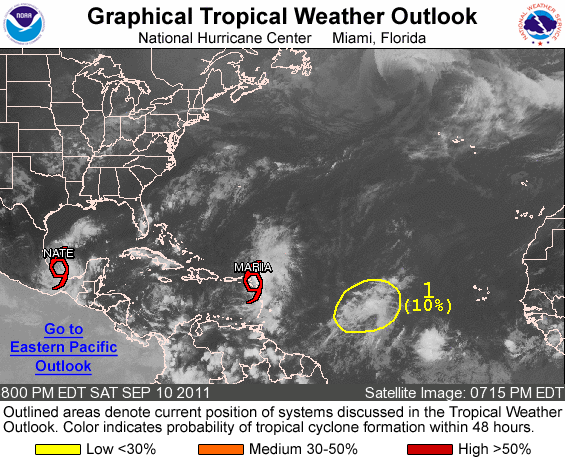
FOR THE NORTH ATLANTIC...CARIBBEAN SEA AND THE GULF OF MEXICO...

THE NATIONAL HURRICANE CENTER IS ISSUING ADVISORIES ON TROPICAL STORM MARIA CENTERED NEAR THE NORTHERN LEEWARD ISLANDS...AND ON TROPICAL STORM NATE CENTERED OVER THE BAY OF CAMPECHE.

1. A TROPICAL WAVE LOCATED ABOUT 1100 MILES EAST OF THE LESSER ANTILLES IS PRODUCING A LARGE AREA OF DISORGANIZED SHOWERS AND THUNDERSTORMS. SOME SLOW DEVELOPMENT OF THIS WAVE IS POSSIBLE DURING THE NEXT COUPLE OF DAYS AS IT MOVES WESTWARD AT ABOUT 15 MPH. THIS SYSTEM HAS A LOW CHANCE...10 PERCENT...OF BECOMING A TROPICAL CYCLONE DURING THE NEXT 48 HOURS.

ELSEWHERE...TROPICAL CYCLONE FORMATION IS NOT EXPECTED DURING THE NEXT 48 HOURS.

FORECASTER BEVEN